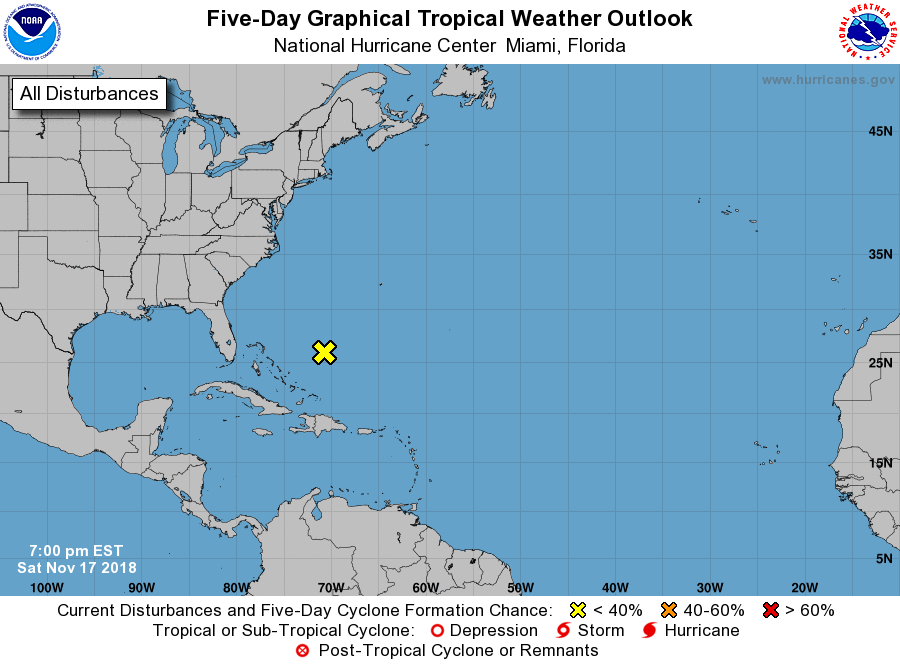
For the North Atlantic...Caribbean Sea and the Gulf of Mexico:

1. A low pressure system located a few hundred miles northeast of the central Bahamas is producing winds to near gale force and an area of showers and thunderstorms. However, this system is embedded within a large scale frontal zone, and additional development is not anticipated. Additional information on this system can be found in High Seas Forecasts issued by the National Weather Service.
* Formation chance through 48 hours...low...near 0 percent.
* Formation chance through 5 days...low...near 0 percent.

High Seas Forecasts issued by the National Weather Service are under AWIPS header NFDHSFAT1, WMO header FZNT01 KWBC, and available on the Web at https://ocean.weather.gov/shtml/NFDHSFAT1.shtml.

Forecaster Beven